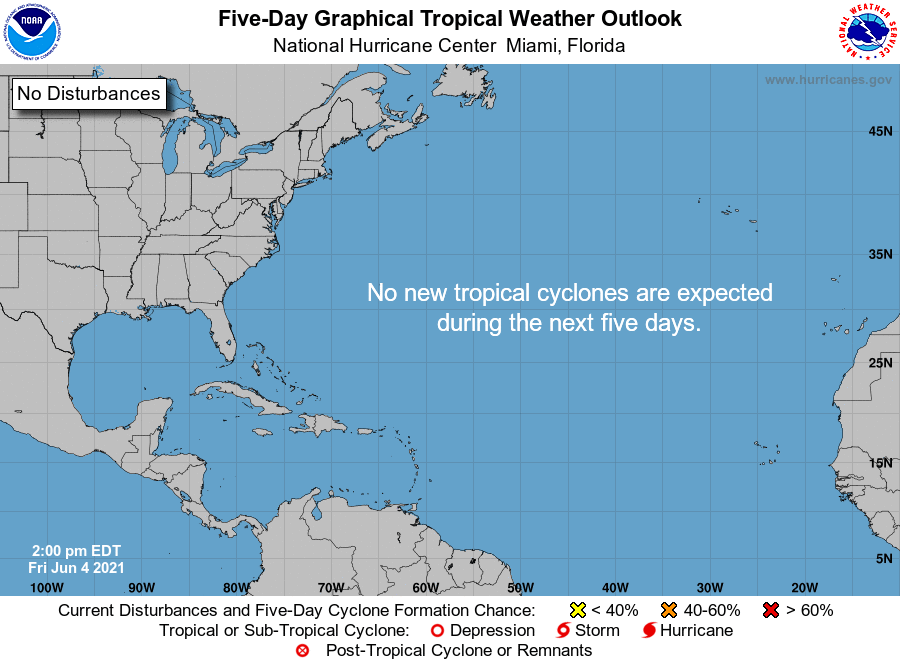
For the North Atlantic...Caribbean Sea and the Gulf of Mexico:

Tropical cyclone formation is not expected during the next 5 days.

Forecaster Papin/Blake